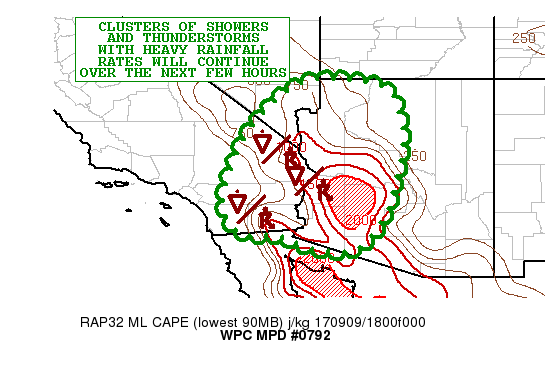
AREAS AFFECTED...SOUTHERN CA...CENTRAL/WESTERN AZ...FAR SOUTHERN
NV

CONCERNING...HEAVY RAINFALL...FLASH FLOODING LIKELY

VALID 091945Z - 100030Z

SUMMARY...SMALL CLUSTERS OF SLOW-MOVING AND HEAVY SHOWERS AND
THUNDERSTORMS CONTINUE TO DEVELOP. ADDITIONAL FLASH FLOODING
CONCERNS WILL EXIST THROUGH THE AFTERNOON HOURS.

DISCUSSION...COLD-TOPPED CONVECTION CONTINUES OVER AREAS OF
WESTERN AZ AND SOUTHERN CA IN ASSOCIATION WITH A SHORTWAVE TROUGH
LIFTING NORTH-NORTHEAST OUT OF THE SOUTHWEST AND INTO THE GREAT
BASIN. THE CONVECTION HAS BEEN TENDING TO EXPAND A BIT MORE IN
COVERAGE OVER THE LAST COUPLE OF HOURS AS STRONGER DIURNAL HEATING
HAS RESULTED IN A MODERATELY UNSTABLE AIRMASS CHARACTERIZED BY
MLCAPE VALUES OF 1500 TO 2000+ J/KG. THE MOISTURE PROFILE STILL
REMAINS RATHER DEEP WITH GPS-DERIVED PWATS OF 1.6 TO 1.8 INCHES
NOTED OVER AREAS OF SOUTHERN CA AND FAR WESTERN AZ.

THE DEGREE OF COLDER CLOUD TOPS AND INCREASING
INSTABILITY...COUPLED WITH THE HIGH PWAT ENVIRONMENT WILL BE
CONDUCIVE ENHANCED RAINFALL RATES THAT WILL APPROACH 2 INCHES/HR.
ALREADY THERE HAVE BEEN 3-HOUR TOTALS OF 2 TO 3 INCHES OVER PARTS
OF IMPERIAL COUNTY IN SOUTHERN CA FROM EARLIER CONVECTION.

THE HIRES MODELS COLLECTIVELY APPEAR TO BE A TAD UNDERDONE THROUGH
THE SHORT-TERM WITH THE DEGREE OF CONVECTIVE COVERAGE AND AMOUNTS.
GIVEN THAT THERE HAVE BEEN A FEW CELL-MERGERS...THERE IS AT LEAST
A MODEST DEGREE OF CONVECTIVE ORGANIZATION THAT SHOULD CONTINUE TO
FEED OFF THE INCREASING SURFACE-BASED INSTABILITY OVER THE NEXT
FEW HOURS. EXPECT CONVECTION TO GRADUALLY LIFT FARTHER NORTH WITH
IMPACTS POTENTIALLY REACHING UP INTO FAR SOUTHERN NV THROUGH THE
MID-LATE AFTERNOON HOURS. EXPECT RAINFALL TOTALS OF AS MUCH AS 2
TO 4 INCHES THROUGH 00Z. CONVECTION THOUGH SHOULD WEAKEN TOWARD
EVENING...BUT IN THE SHORT-TERM...FLASH FLOODING WILL BE LIKELY.